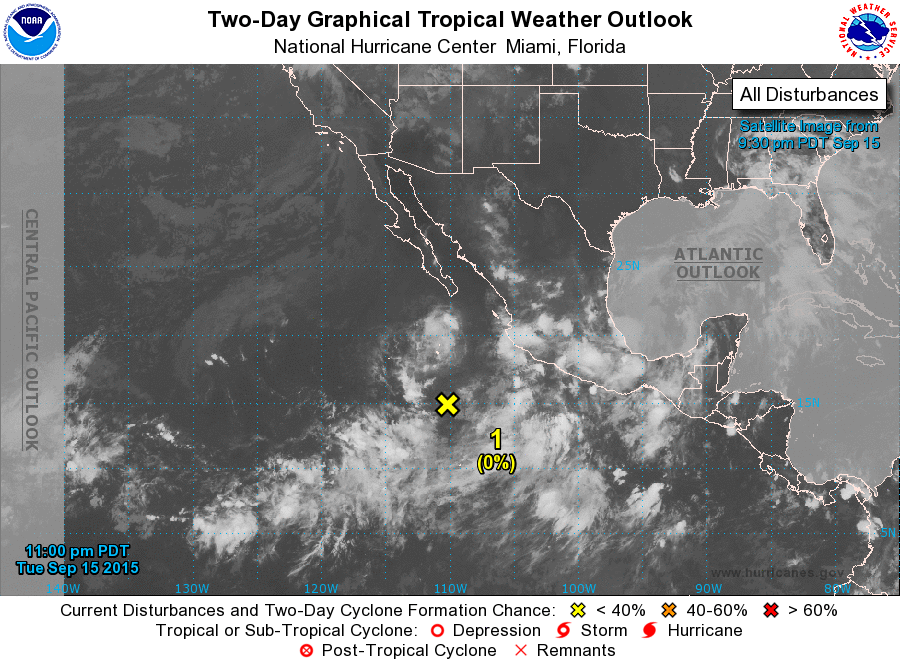
For the eastern North Pacific...east of 140 degrees west longitude:

1. A weak and elongated area of low pressure area located several hundred miles south of the southern tip of the Baja California peninsula is producing a limited amount of shower activity. Development, if any, of this system should be slow to occur over the next several days while it moves slowly westward.
* Formation chance through 48 hours...low...near 0 percent
* Formation chance through 5 days...low...10 percent

Forecaster Cangialosi